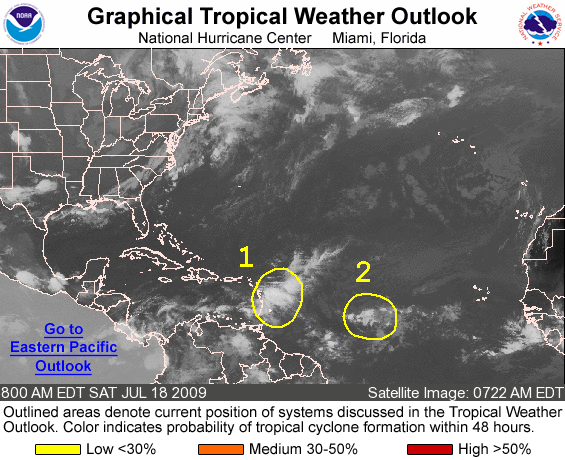
FOR THE NORTH ATLANTIC...CARIBBEAN SEA AND THE GULF OF MEXICO...

1. SHOWERS AND THUNDERSTORMS NEAR AND EXTENDING A COUPLE HUNDRED MILES EAST OF THE LESSER ANTILLES ARE ASSOCIATED WITH A TROPICAL WAVE. WHILE RAINFALL ASSOCIATED WITH THE WAVE MAY BE LOCALLY HEAVY AT TIMES...UPPER LEVEL WINDS ARE NOT CURRENTLY CONDUCIVE FOR SIGNIFICANT DEVELOPMENT OF THE SYSTEM. THERE IS A LOW CHANCE...LESS THAN 30 PERCENT...OF THIS SYSTEM BECOMING A TROPICAL CYCLONE DURING THE NEXT 48 HOURS.

2. DISORGANIZED SHOWER ACTIVITY CONTINUES IN ASSOCIATION WITH A TROPICAL WAVE LOCATED ABOUT 1200 MILES EAST OF THE WINDWARD ISLANDS. DEVELOPMENT...IF ANY...OF THIS SYSTEM WILL BE SLOW TO OCCUR AS IT MOVES WESTWARD AT 15 TO 20 MPH. THERE IS A LOW CHANCE...LESS THAN 30 PERCENT...OF THIS SYSTEM BECOMING A TROPICAL CYCLONE DURING THE NEXT 48 HOURS.

ELSEWHERE...TROPICAL CYCLONE FORMATION IS NOT EXPECTED DURING THE NEXT 48 HOURS.

FORECASTER LANDSEA/BRENNAN